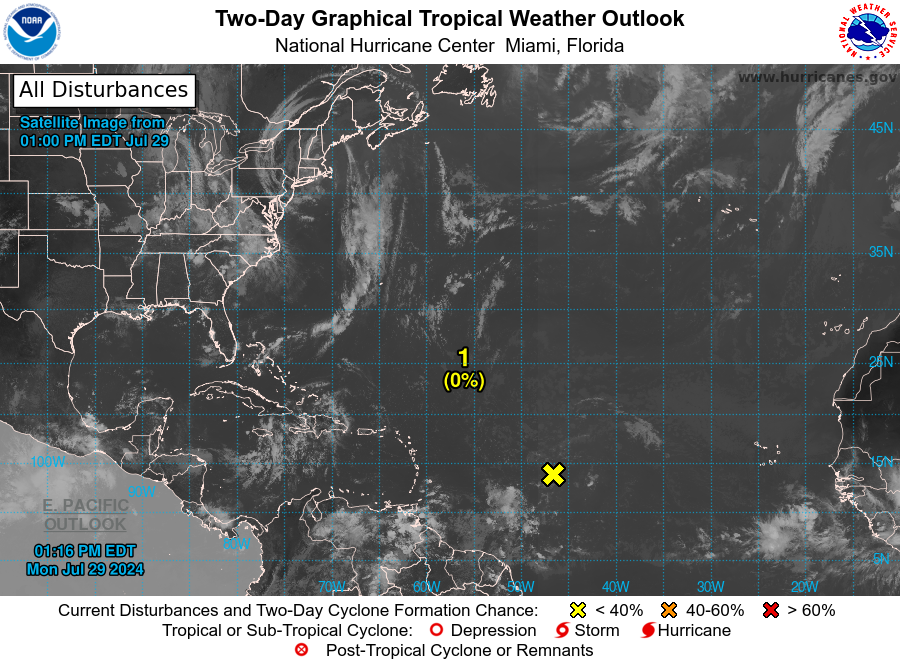
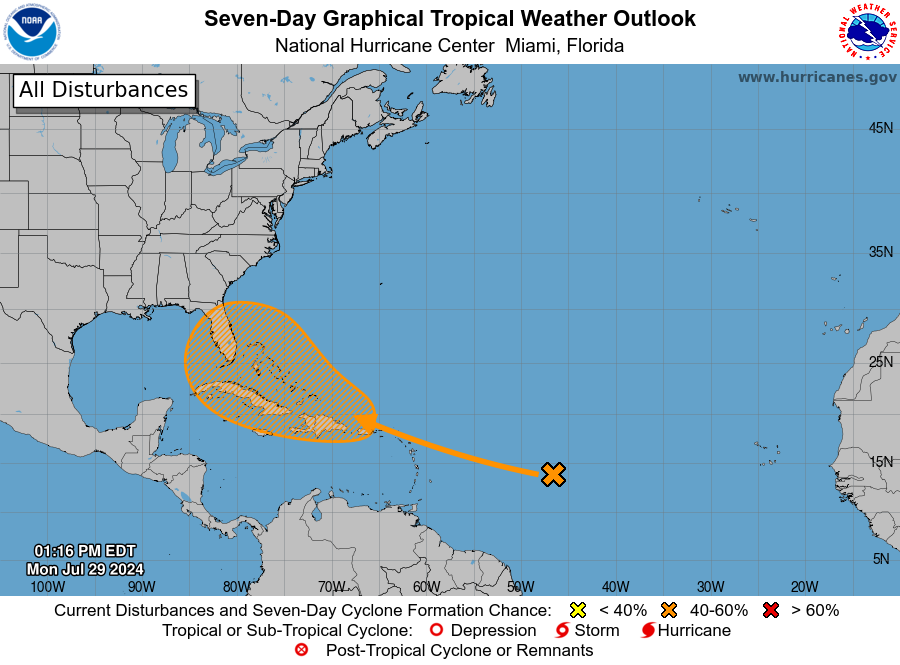
For the North Atlantic...Caribbean Sea and the Gulf of Mexico:

1. Near the Greater Antilles and the Bahamas: An area of disturbed weather over the central tropical Atlantic Ocean is expected to interact with an approaching tropical wave during the next day or two. Environmental conditions are forecast to become conducive for gradual development thereafter, and a tropical depression could form late this week while the system is in the vicinity of the Greater Antilles or the Bahamas. Interests in the Greater Antilles, the Bahamas, and the southeastern U.S. should monitor the progress of this system.
* Formation chance through 48 hours...low...near 0 percent.
* Formation chance through 7 days...medium...50 percent.

Forecaster Cangialosi